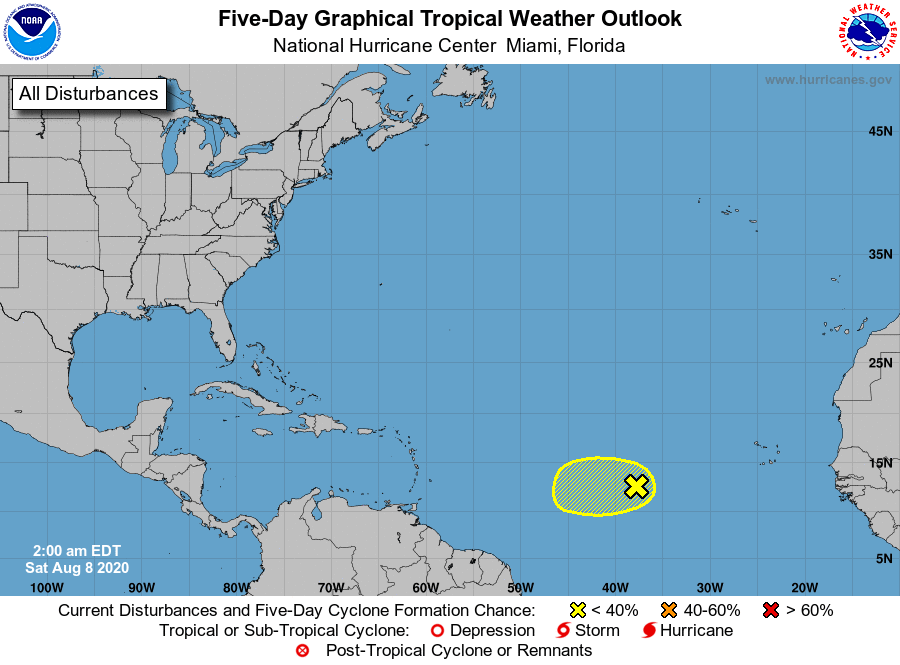
For the North Atlantic...Caribbean Sea and the Gulf of Mexico:

1. A tropical wave located several hundred miles west-southwest of the Cabo Verde Islands is producing a few showers and thunderstorms. Some slight development of this system is possible during the next couple of days while it moves slowly westward. After that time, environmental conditions are expected to become less conducive for development.
* Formation chance through 48 hours...low...10 percent.
* Formation chance through 5 days...low...10 percent.

Forecaster Pasch